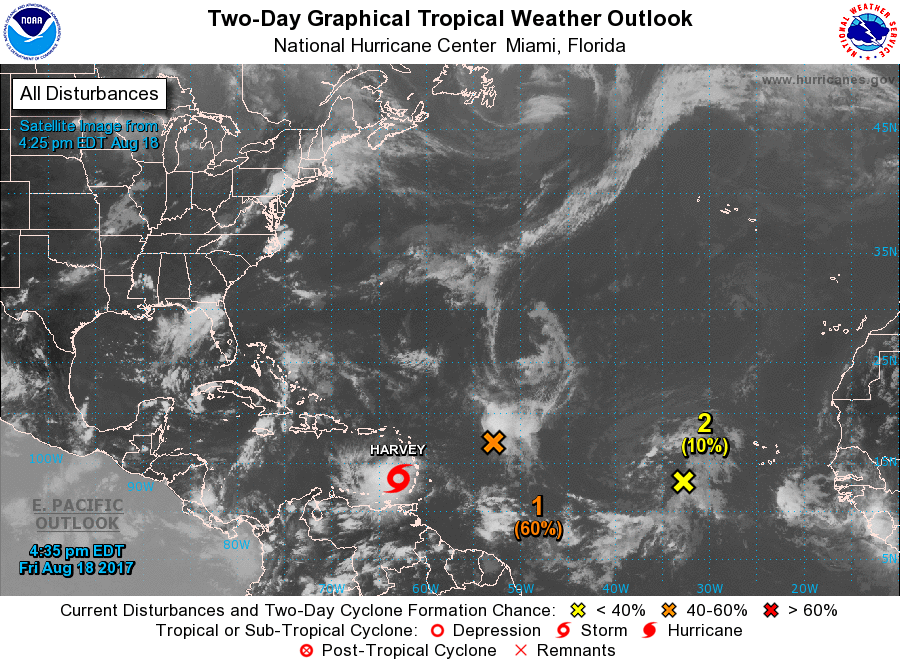
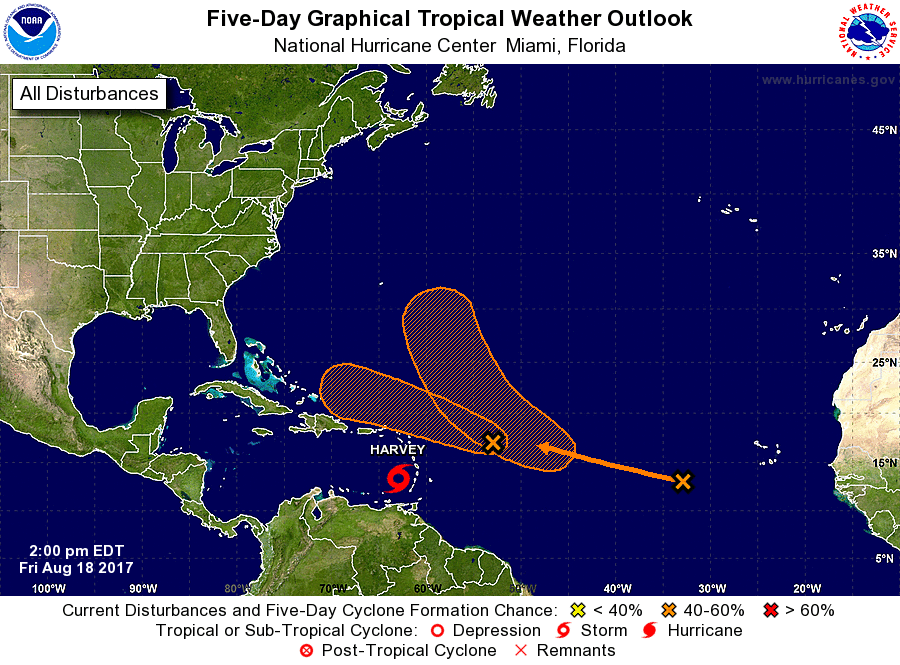
For the North Atlantic...Caribbean Sea and the Gulf of Mexico:

The National Hurricane Center is issuing advisories on Tropical Storm Harvey, located just west of the Windward Islands.

1. Shower and thunderstorm activity associated with an area of low pressure located about 600 miles east-northeast of the Leeward Islands continues to show signs of organization. However, upper-level winds are becoming less favorable, and the chances for a tropical cyclone to form are diminishing. The low is expected to move west-northwestward at about 20 mph during the next few days, and interests in the northern Leeward Islands should monitor the progress of this disturbance.
* Formation chance through 48 hours...medium...60 percent.
* Formation chance through 5 days...medium...60 percent.

2. A tropical wave is located over the far eastern Atlantic Ocean several hundred miles west of the Cabo Verde Islands. Environmental conditions are forecast to become more favorable for some development early next week while the system moves west-northwestward to northwestward at about 20 mph.
* Formation chance through 48 hours...low...10 percent.
* Formation chance through 5 days...medium...40 percent.

Forecaster Beven